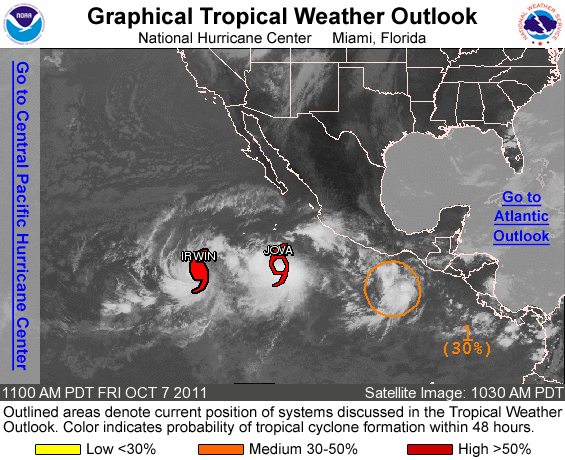
FOR THE EASTERN NORTH PACIFIC...EAST OF 140 DEGREES WEST LONGITUDE..

THE NATIONAL HURRICANE CENTER IS ISSUING ADVISORIES ON TROPICAL STORM JOVA...LOCATED ABOUT 535 MILES SOUTHWEST OF MANZANILLO MEXICO...AND ON HURRICANE IRWIN...LOCATED ABOUT 925 MILES SOUTHWEST OF THE SOUTHERN TIP OF BAJA CALIFORNIA.

1. SHOWERS AND THUNDERSTORMS HAVE BECOME A LITTLE BETTER ORGANIZED IN ASSOCIATION WITH A BROAD AREA OF LOW PRESSURE LOCATED A FEW HUNDRED MILES SOUTH OF THE GULF OF TEHUANTEPEC. UPPER-LEVEL WINDS APPEAR SOMEWHAT CONDUCIVE FOR SLOW DEVELOPMENT OF THIS SYSTEM...AND IT HAS A MEDIUM CHANCE...30 PERCENT...OF BECOMING A TROPICAL CYCLONE DURING THE NEXT 48 HOURS AS IT MOVES WESTWARD AT 5 TO 10 MPH.

ELSEWHERE...TROPICAL CYCLONE FORMATION IS NOT EXPECTED DURING THE NEXT 48 HOURS.

FORECASTER BLAKE